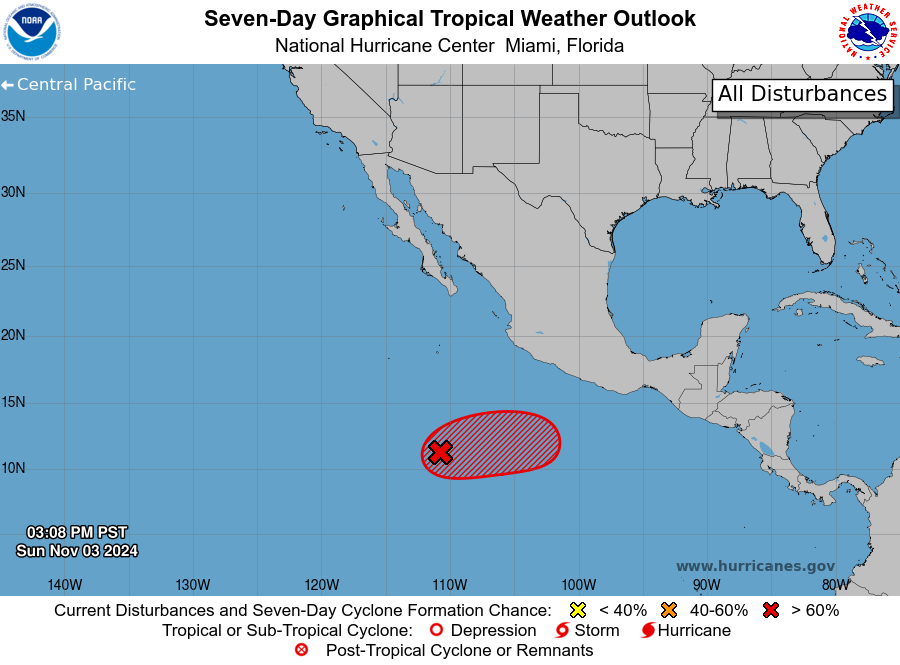
For the eastern North Pacific...east of 140 degrees west longitude:

1. Southwest of Southwestern Mexico (EP93): Recent satellite-derived wind data indicate that a low pressure area located several hundred miles south of the southern tip of the Baja California peninsula has a well-defined circulation. Although environmental conditions appear only marginally conducive for additional development of this slow-moving system during the next couple of days, only a slight increase in the organization of the shower and thunderstorm activity would result in the formation of a tropical depression. The low is expected to begin an eastward drift in a day or two.
* Formation chance through 48 hours...high...70 percent.
* Formation chance through 7 days...high...70 percent.

Forecaster Hagen